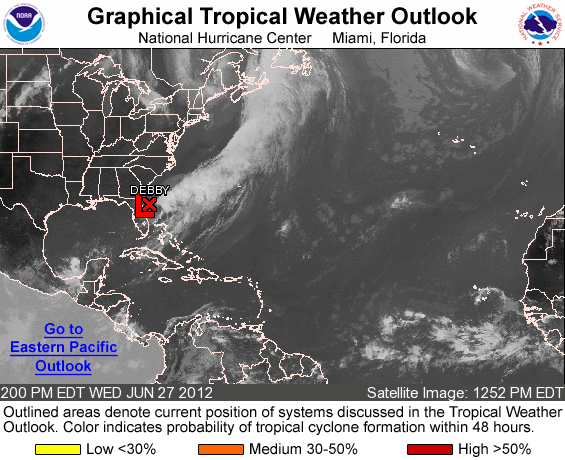
FOR THE NORTH ATLANTIC...CARIBBEAN SEA AND THE GULF OF MEXICO...

THE NATIONAL HURRICANE CENTER IS ISSUING ADVISORIES ON TROPICAL DEPRESSION DEBBY...LOCATED OVER THE WESTERN ATLANTIC ABOUT 90 MILES EAST OF ST. AUGUSTINE FLORIDA.

A TROPICAL WAVE LOCATED LOCATED ABOUT 1600 MILES EAST OF THE SOUTHERN WINDWARD ISLANDS CONTINUES TO PRODUCE DISORGANIZED SHOWERS AND A FEW THUNDERSTORMS. DEVELOPMENT OF THIS WAVE..IF ANY...SHOULD BE SLOW TO OCCUR AS IT MOVES WESTWARD AT 10 TO 15 MPH. THIS SYSTEM HAS A LOW CHANCE...10 PERCENT...OF BECOMING A TROPICAL CYCLONE DURING THE NEXT 48 HOURS.

ELSEWHERE...TROPICAL CYCLONE FORMATION IS NOT EXPECTED DURING THE NEXT 48 HOURS.

FORECASTER KIMBERLAIN